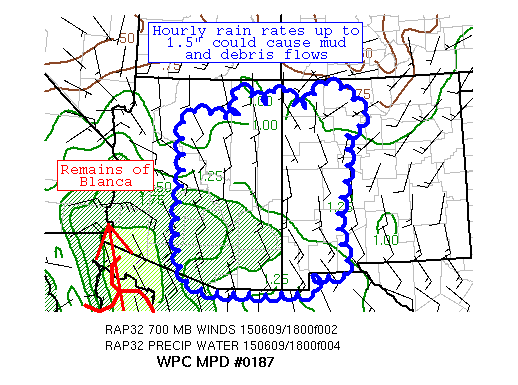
AREAS AFFECTED...EASTERN AZ & WESTERN NM

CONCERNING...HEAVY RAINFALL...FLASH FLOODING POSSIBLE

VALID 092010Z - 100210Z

SUMMARY...MOISTURE AND INSTABILITY AROUND THE EAST SIDE OF THE
REMNANTS OF BLANCA COULD ALLOW FOR HOURLY RAIN RATES UP TO 1.5".
FLASH FLOODING IS POSSIBLE.

DISCUSSION...THE REMAINS OF TROPICAL CYCLONE BLANCA ARE CENTERED
OVER THE NORTHERN GULF OF CA/SEA OF CORTEZ AND SHOULD CONTINUE
MOVING NORTHWARD WHILE WEAKENING.  THE SYSTEM HAS BROUGHT
PRECIPITABLE WATER VALUES OF 3-6 SIGMAS ABOVE THE MEAN FOR
MID-JUNE INTO THE REGION, WITH ABSOLUTE VALUES OF 1-1.5" PER GPS
INFORMATION.  MLCAPES OF 500-1000 J/KG HAVE BUILT ACROSS SOUTHEAST
AZ AND SOUTHWEST NM PER BREAKS IN THE CLOUD COVER.  INFLOW AT 700
HPA OF 20-25 KTS HAS BEEN REPORTED BY VAD WIND PROFILES, NEARLY
DOUBLE THE MEAN 850-400 HPA WIND, WHICH SHOULD HELP ORGANIZE
DEVELOPING CONVECTION AND INCREASE PRECIPITATION EFFICIENCY.

THE EXPECTATION IS FOR CONVECTION TO INCREASE IN COVERAGE AND
ORGANIZATION OVER THE NEXT SEVERAL HOURS AS INSTABILITY GROWS
ACROSS EASTERN AZ AND WESTERN NM TO 1000-2000 J/KG PER RECENT RAP
RUNS.  A SLOW WEAKENING OF THE 700 HPA FLOW IS FORECAST WITH TIME,
THOUGH IT SHOULD REMAIN SUFFICIENT TO DEVELOP CONVECTION WITH SOME
ORGANIZATION ACROSS THE REGION.  THE SIGNAL IN THE MESOSCALE
GUIDANCE IS RATHER WEAK, WITH LOCAL AMOUNTS OF 1-2" ADVERTISED.
HOWEVER, THIS IS A DRY AREA WITH ROUGH TOPOGRAPHY.  SINCE HOURLY
RAIN RATES OF UP TO 1.5" ARE POSSIBLE, THE GUIDANCE COULD BE
UNDERSELLING THE POTENTIAL HERE.  FLASH FLOODING IS CONSIDERED
POSSIBLE, WHICH COULD LEAD TO MUD AND DEBRIS FLOWS.